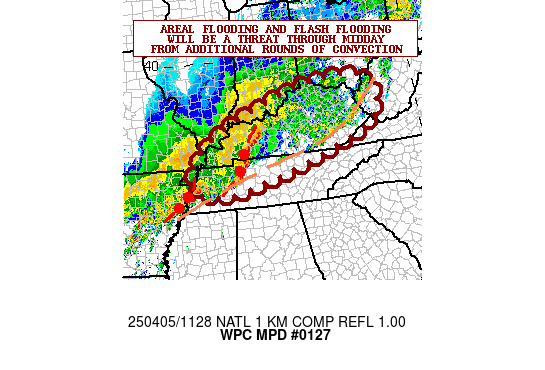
Areas affected...Portions of the OH Valley

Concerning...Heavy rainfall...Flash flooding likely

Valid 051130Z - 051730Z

SUMMARY...Additional rounds of heavy showers and thunderstorms
moving into the OH Valley this morning over extremely
sensitive/saturated and locally flooded ground will further
enhance runoff concerns and flooding this morning.

DISCUSSION...Radar imagery shows a couple of bands of heavy
showers and thunderstorms advancing east across areas of western
KY and also western TN, with an axis of weaker and more fragmented
convection downstream across central and eastern KY which is
starting to move into parts of southwest WV.

The surface analysis shows a well-defined outflow boundary/front
across the region with a persistent southwest low-level jet of 30
to 40 kts overrunning this boundary and facilitating sustainable
isentropic ascent and transport of moisture and instability over
it. However, the best nose of instability with MUCAPE values of
500 to 1000 J/kg is situated over western TN and this is likely
going to be the area that sees some of the more organized
convection persisting through the morning hours.

One complicating factor to the forecast for rainfall this morning
though is the fact that there is some evidence of an MCV advancing
east across western KY, and this vort energy may continue to
interact with the low-level jet and outflow boundary in a manner
that may help to sustain the convective threat for a few more
hours downstream into areas of central and eastern KY. The
rainfall rates with this will likely be on the order of 1 to 1.5
inches/hour at most with the strongest cells, but the fact that
these additional rains will be falling over areas that are either
already flooded, or have at least very sensitive/saturated soil
conditions, suggests that additional areal flooding and flash
flooding concerns will occur over these areas.

The bigger and more significant concerns for high-end flash
flooding and life-threatening impacts this morning though will be
back across western TN and will be connected to upstream heavy
rainfall/flash flooding concerns evolving back into
central/eastern AR where there is a growing threat of significant
cell-training. Recent runs of the HRRR guidance suggest heavy
training rainfall over central and eastern AR will impact western
TN. Very high rainfall rates here of 2+ inches/hour will be
possible, with additional rains locally of 2 to 4+ inches by
midday over western TN. The additional downstream rains over KY
should tend to be more into 1 to 2 inch range.

Expect areal flooding and flash flooding to continue with locally
significant and life-threatening impacts as these additional rains
arrive over the next several hours.